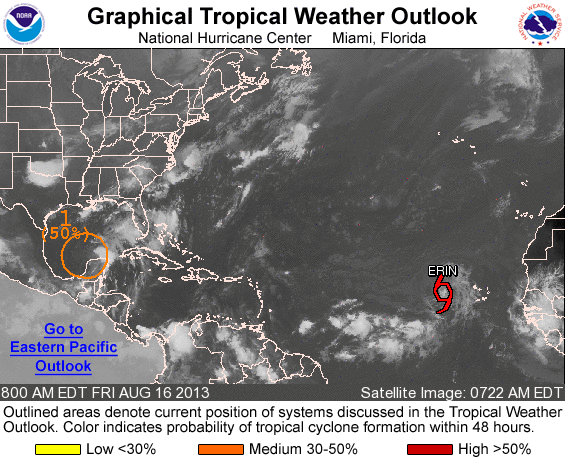
FOR THE NORTH ATLANTIC...CARIBBEAN SEA AND THE GULF OF MEXICO...

THE NATIONAL HURRICANE CENTER IS ISSUING ADVISORIES ON TROPICAL STORM ERIN...LOCATED WEST OF THE CAPE VERDE ISLANDS.

1. SATELLITE IMAGES INDICATE THAT AN AREA OF LOW PRESSURE HAS MOVED OFFSHORE OF THE YUCATAN PENINSULA AND OVER THE SOUTHWESTERN GULF OF MEXICO. ALTHOUGH THE SHOWER AND THUNDERSTORM ACTIVITY IS CURRENTLY DISORGANIZED AND LOCATED WELL TO THE EAST AND NORTHEAST OF THE LOW CENTER...ENVIRONMENTAL CONDITIONS COULD BECOME MORE FAVORABLE FOR DEVELOPMENT IF THE LOW MOVES TOWARD THE WEST OR WEST-NORTHWEST OVER THE NEXT COUPLE OF DAYS. INTERESTS IN THE CENTRAL AND WESTERN GULF OF MEXICO SHOULD MONITOR THE PROGRESS OF THE SYSTEM THROUGH THE WEEKEND. IF THE LOW TAKES A MORE NORTHWARD TRACK...HOWEVER...IT WOULD MOVE INTO A LESS CONDUCIVE ENVIRONMENT FOR DEVELOPMENT. THIS SYSTEM HAS A MEDIUM CHANCE...50 PERCENT...OF BECOMING A TROPICAL CYCLONE DURING THE NEXT 48 HOURS...AND A HIGH CHANCE...60 PERCENT...OF BECOMING A TROPICAL CYCLONE DURING THE NEXT 5 DAYS. THE AIR FORCE RESERVE RECONNAISSANCE AIRCRAFT MISSION SCHEDULED FOR TODAY HAS BEEN CANCELLED.

FIVE-DAY FORMATION PROBABILITIES ARE EXPERIMENTAL IN 2013. COMMENTS ON THE EXPERIMENTAL FORECASTS CAN BE PROVIDED AT...

HTTP://WWW.NWS.NOAA.GOV/SURVEY/NWS-SURVEY.PHP?CODE=ETWO

FORECASTER BRENNAN/CANGIALOSI